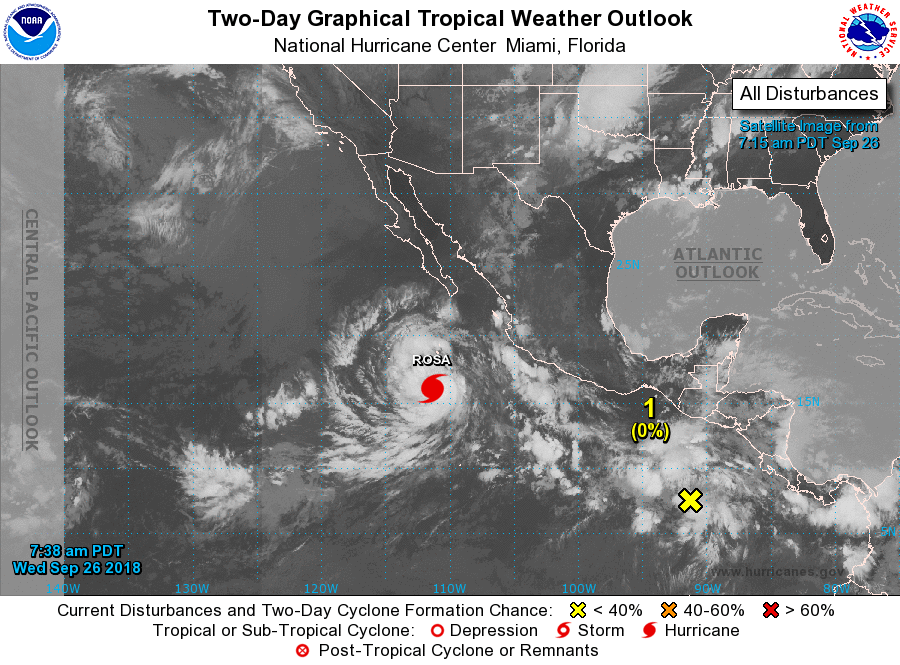
For the eastern North Pacific...east of 140 degrees west longitude:

The National Hurricane Center is issuing advisories on Tropical Storm Rosa, located about 450 miles southwest of Manzanillo, Mexico.

1. A broad area of low pressure has formed a few hundred miles south-southeast of the southern coast of Mexico. Some gradual development of this system is possible during the next several days while it moves westward to west-northwestward well offshore the coast of Mexico.
* Formation chance through 48 hours...low...near 0 percent.
* Formation chance through 5 days...low...30 percent.

Public Advisories on Tropical Storm Rosa are issued under WMO header WTPZ35 KNHC and under AWIPS header MIATCPEP5. Forecast/Advisories on Tropical Storm Rosa are issued under WMO header WTPZ25 KNHC and under AWIPS header MIATCMEP5.

Forecaster Roberts